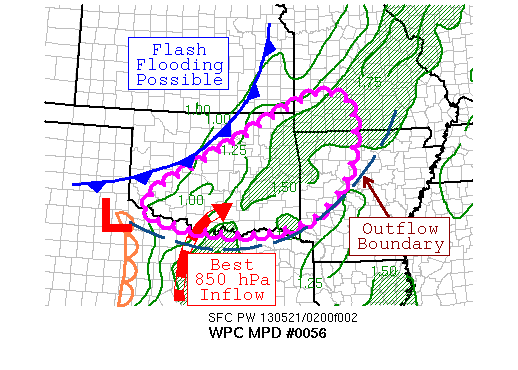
AREAS AFFECTED...SOUTHERN AND EASTERN OK...NORTHWEST AR...AND
SOUTHWEST MO

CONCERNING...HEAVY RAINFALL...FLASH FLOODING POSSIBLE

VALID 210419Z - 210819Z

SUMMARY...LOWERING FLASH FLOOD GUIDANCE VALUES -- FFGS -- AND
NEWLY DEVELOPING CONVECTION JUST AHEAD OF A COLD FRONT ACROSS
NORTHEAST OK AND NORTH OF AN OUTFLOW BOUNDARY ACROSS SOUTHERN OK
COULD LEAD TO FLASH FLOODING OVERNIGHT.

DISCUSSION...BOTH AN OUTFLOW BOUNDARY LOCATED ACROSS NORTHEAST TX
AND A SYNOPTIC-SCALE COLD FRONT SLICING ACROSS CENTRAL OK HAVE
SHOWN A RECENT UPTICK IN PRECIPITATION COVERAGE AND INTENSITY IN
THEIR VICINITIES.  WHILE MOST OF THE MESOSCALE GUIDANCE INDICATED
THE INCREASE ACROSS SOUTHERN OKLAHOMA TO BEGIN BY 09Z, THE NEW
LINE IN NORTHEAST OKLAHOMA WAS HANDLED POORLY.  LIKE LAST NIGHT,
850 HPA INFLOW SLOWLY SHIFTS WESTWARD WITH TIME OVERNIGHT AS A
MID- TO UPPER-LEVEL SHORTWAVE APPROACHES THE REGION FROM NEW
MEXICO.  THIS COULD ALLOW FOR ADDITIONAL BACK BUILDING OF
THUNDERSTORMS WESTWARD ACROSS SOUTHERN OK.  UP THE NORTH, NEAR THE
FRONTAL ZONE, LITTLE MOVEMENT OF THE BOUNDARY IS EXPECTED
OVERNIGHT, WHICH COULD LEAD TO CELL TRAINING NEAR AND AHEAD OF THE
BOUNDARY.  WHILE 850 HPA INFLOW IS WEAKER THAN LAST NIGHT -- ON
THE ORDER OF 30-35 KNOTS -- FFGS ACROSS THE REGION HAVE LOWERED
DUE TO THE RAINFALL WHICH HAS OCCURRED SINCE SUNDAY EVENING.
REGIONALLY, FFGS ARE DOWN WITH 2.5 INCHES/3 HOURS WHILE SOUTHWEST
MISSOURI SHOWS VALUES UNDER 2 INCHES/3 HOURS.  PRECIPITABLE WATER
VALUES -- PWS -- ARE IN THE 1.50-1.75 INCH RANGE, WHICH COULD LEAD
TO LOCAL RAINFALL AMOUNTS OF 3-5 INCHES WHERE CELLS TRAIN.
PROPAGATION/CORFIDI VECTORS ARE ALIGNED WSW-ENE, WHICH COULD ALLOW
THE OK THUNDERSTORM ACTIVITY TO MOVE INTO NORTHWEST AR, FAR
SOUTHEAST KS, AND SOUTHWEST MO.  THERE IS A DECENT CHANCE THAT THE
THUNDERSTORM ACTIVITY COULD PERSIST PAST DAWN.  CONFIDENCE IN
REGIONAL FLASH FLOODING IS MODEST, AND CURRENT CONVECTIVE
ORGANIZATION IS STILL LACKING, WHICH LEAD TO THE POSSIBLE WORDING
OVER LIKELY WORDING.